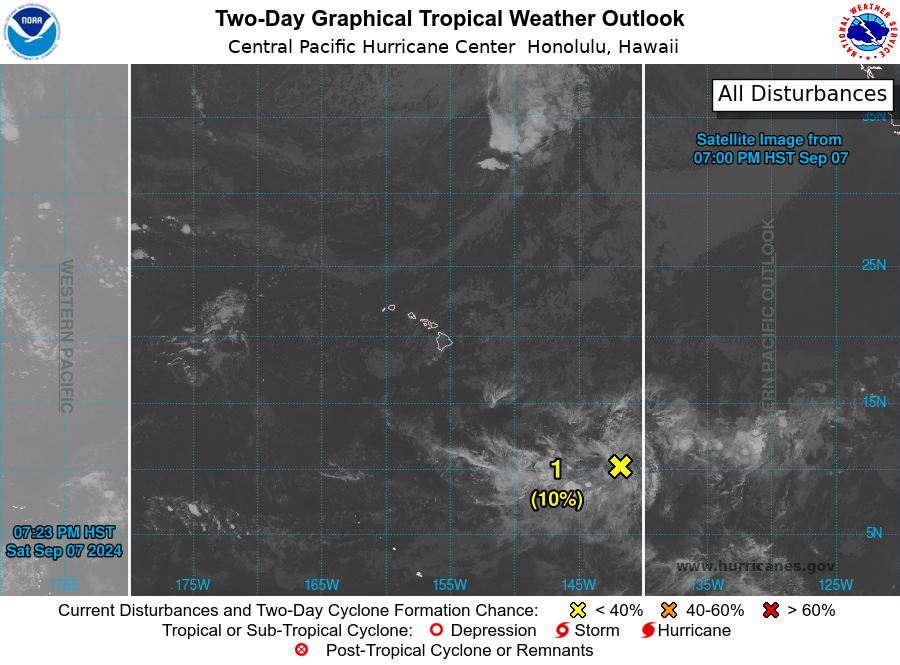
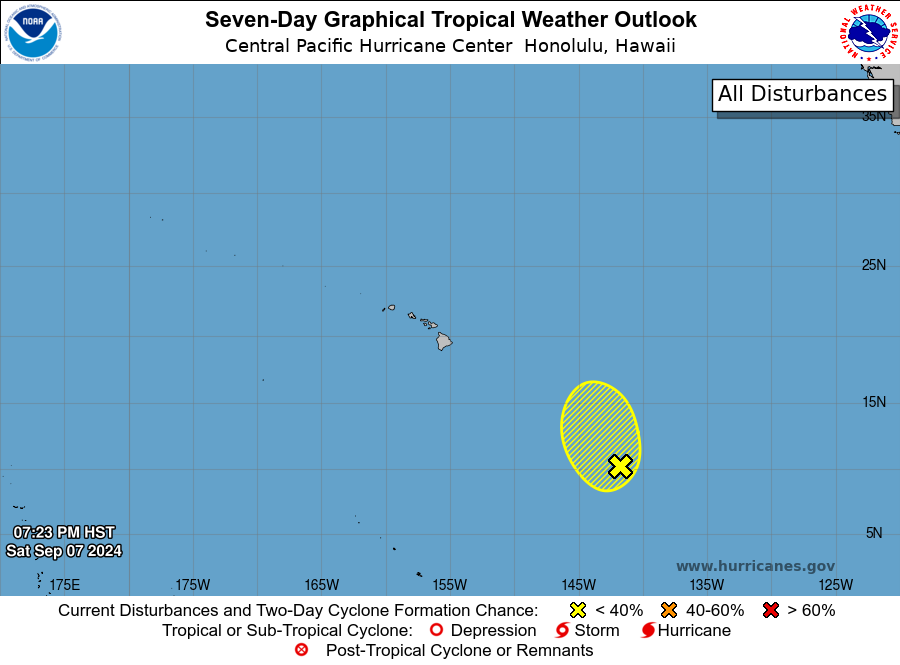
For the central North Pacific...between 140W and 180W:

1. Approximately 1100 miles southeast of Hilo, Hawaii: Disorganized showers and thunderstorms associated with a trough of low pressure are located over 1000 miles southeast of Hilo, Hawaii. Environmental conditions are expected to be marginally conducive for some subsequent development of this system as it moves slowly northward over the next several days.
* Formation chance through 48 hours...low...near 10 percent.
* Formation chance through 7 days...low...20 percent.

Elsewhere, no tropical cyclones are expected during the next 7 days.

Forecaster Vaughan